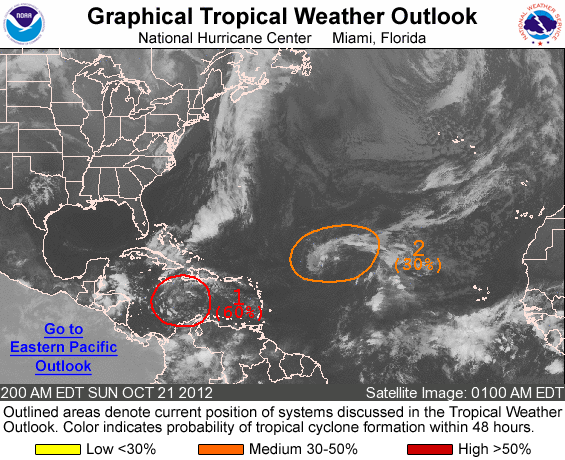
FOR THE NORTH ATLANTIC...CARIBBEAN SEA AND THE GULF OF MEXICO...

1. SHOWER ACTIVITY ASSOCIATED WITH A TROPICAL WAVE OVER THE CENTRAL CARIBBEAN SEA IS CURRENTLY MINIMAL. HOWEVER...SURFACE PRESSURES ARE LOW IN THE AREA...AND ENVIRONMENTAL CONDITIONS ARE EXPECTED TO BECOME CONDUCIVE FOR A TROPICAL DEPRESSION TO FORM DURING THE NEXT COUPLE OF DAYS. THIS SYSTEM HAS A HIGH CHANCE...60 PERCENT...OF BECOMING A TROPICAL CYCLONE DURING THE NEXT 48 HOURS AS THE WAVE MOVES SLOWLY WESTWARD. HEAVY RAINS FROM THIS DISTURBANCE OR POSSIBLE TROPICAL CYCLONE ARE LIKELY TO SPREAD OVER JAMAICA... EASTERN CUBA...AND HISPANIOLA OVER THE NEXT SEVERAL DAYS. THESE RAINS COULD PRODUCE LIFE-THREATENING FLASH FLOODS AND MUD SLIDES...ESPECIALLY NEAR AREAS OF HIGH TERRAIN.

2. CLOUDINESS AND THUNDERSTORMS CENTERED ABOUT 950 MILES EAST-NORTHEAST OF THE LEEWARD ISLANDS ARE ASSOCIATED WITH AN UPPER-LEVEL LOW INTERACTING WITH A TROPICAL WAVE. WHILE THIS ACTIVITY HAS CHANGED LITTLE IN ORGANIZATION DURING THE PAST SEVERAL HOURS...UPPER-LEVEL WINDS COULD BECOME A LITTLE MORE CONDUCIVE FOR DEVELOPMENT DURING THE NEXT DAY OR SO. THIS SYSTEM HAS A MEDIUM CHANCE...30 PERCENT...OF BECOMING A TROPICAL CYCLONE DURING THE NEXT 48 HOURS AS IT MOVES WEST-NORTHWESTWARD AT ABOUT 10 MPH.

ELSEWHERE...TROPICAL STORM FORMATION IS NOT EXPECTED DURING THE NEXT 48 HOURS.

FORECASTER BEVEN